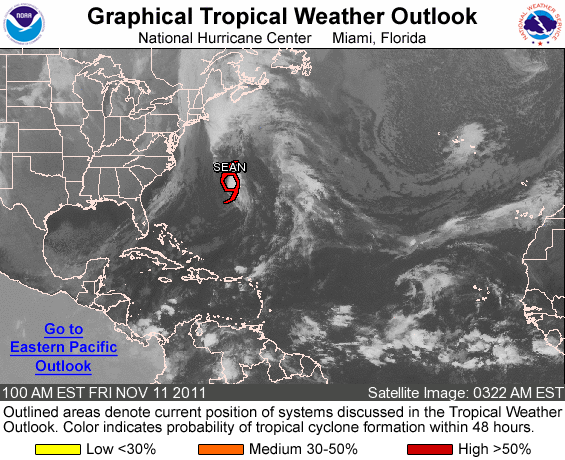
FOR THE NORTH ATLANTIC...CARIBBEAN SEA AND THE GULF OF MEXICO...

THE NATIONAL HURRICANE CENTER IS ISSUING ADVISORIES ON TROPICAL STORM SEAN...LOCATED ABOUT 165 MILES WEST OF BERMUDA.

ELSEWHERE...TROPICAL CYCLONE FORMATION IS NOT EXPECTED DURING THE NEXT 48 HOURS.

FORECASTER BEVEN